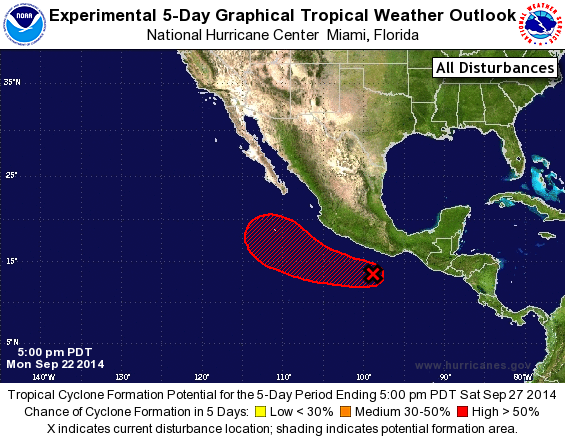
For the eastern North Pacific...east of 140 degrees west longitude:

1. Showers and thunderstorms associated with a low pressure area located about 250 miles south-southeast of Acapulco, Mexico, have changed little in organization during the past few hours. Upper-level winds are expected to become more conducive for development, and a tropical depression is likely to form during the next day or two while the low moves westward or west-northwestward at about 10 mph.
* Formation chance through 48 hours...high...70 percent.
* Formation chance through 5 days...high...90 percent.

Forecaster Berg